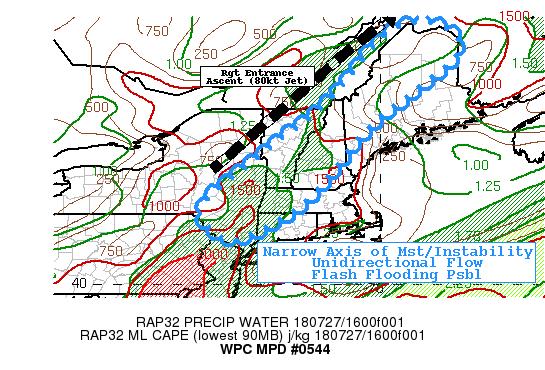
Areas affected...Southeast NY...VT...NH...Northern ME...Western
MA...Ext Northeast CT...

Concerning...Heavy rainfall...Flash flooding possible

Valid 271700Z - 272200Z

SUMMARY...Deepening moisture profile, instability to support
efficient rainfall processes with some minor training possible.
Complex terrain and some back-building pose possible flash
flooding conditions this afternoon/evening.

DISCUSSION...Deep southwest to northeasterly flow regime along
southeast periphery of deep closed upper low over northeast
Ontario exists across the Northeast.  Right entrance to 80kt+ 3H
Jet provides broad scale ascent as well as a tightening of the
narrow moisture/ instability plume that extends from northern NJ
to the Rooftop of ME. Currently, RAP analysis depicts the axis of
MLCAPEs of 1000-1500 J/Kg coincident with total PWAT s over 1.5"
which is forecast to increase as CIRA LPW loop suggests continued
advection mainly in the lower to mid-level layers.

Current Goes-16 Visible imagery shows TCU to CB phase maturing
across the Hudson Valley, the NH/VT Connecticut River Valley and
along the Canadian/NH/ME boarder with TCU filling between.   Cores
are fairly narrow at this point but will likely continue to expand
with strong wet microbursts given overall strength of upper flow,
but these bursts will come with 1.0-1.5" totals in short duration.
 Given the deep unidirectional flow, training is possible
especially early before some cold pools develop and eastward
propagation slowly advances the line.  Still, even after the
propagation, rates will continue to increase and pose rain totals
in the 1.5-2.5" range, which is possible to produce localized
flash flooding especially in steeper sloped terrain.